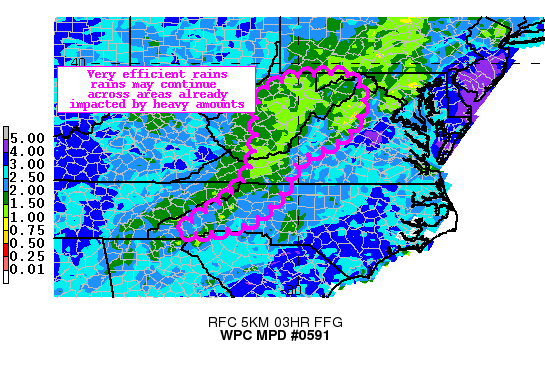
Areas affected...Western NC...Western VA...Eastern and Central
WV...Western MD

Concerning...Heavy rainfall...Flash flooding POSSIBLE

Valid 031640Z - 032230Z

SUMMARY...Very efficient, slow-moving rains may continue to train
across the region, producing locally heavy accumulations.  This
may cause additional flooding conditions, particularly across
areas already impacted by heavy amounts.

DISCUSSION...Morning upper soundings from RNK, GSO and LWX
continue to show deep saturation through the low to mid levels
with high freezing levels - supporting very efficient warm
rainfall processes.    This moisture interacting with mid-level
energy lifting along the leading edge of the trough, in addition
to right-entrance region upper jet dynamics is expected to
continue to support training precipitation. The consensus of the
the 12 UTC hi-res guidance, along with recent runs of the HRRR,
shows additional locally heavy amounts continuing into the
afternoon hours.  Neighborhood probabilities from the 12 UTC HREF
Mean show a significant threat  for locally heavy amounts on the
order of 2-inches or more this afternoon.  This includes areas
where antecedent soil conditions are wet and flash flood guidance
values are low - suggesting any additional heavy amounts will
cause hydrologic concerns.